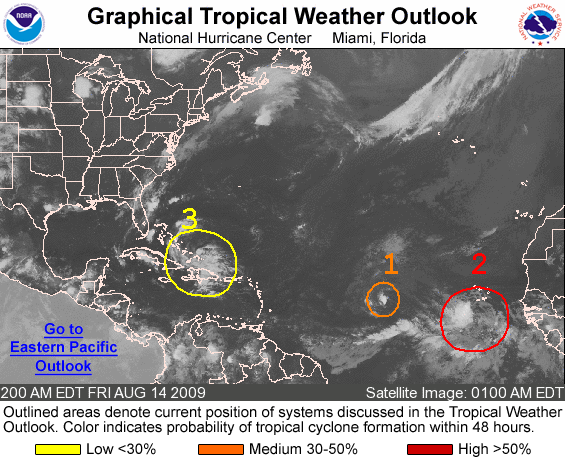
FOR THE NORTH ATLANTIC...CARIBBEAN SEA AND THE GULF OF MEXICO...

1. SHOWER AND THUNDERSTORM ACTIVITY HAS RECENTLY INCREASED IN ASSOCIATION WITH THE REMNANT LOW OF FORMER TROPICAL DEPRESSION TWO...WHICH IS CURRENTLY LOCATED ABOUT 1375 MILES EAST OF THE LESSER ANTILLES. WHILE UPPER-LEVEL CONDITIONS ARE ONLY MARGINALLY FAVORABLE FOR DEVELOPMENT...SLOW REGENERATION OF THIS SYSTEM INTO A TROPICAL CYCLONE IS POSSIBLE AS IT MOVES WESTWARD AT ABOUT 10 MPH OVER THE NEXT COUPLE OF DAYS. THERE IS A MEDIUM CHANCE...30 TO 50 PERCENT...OF THIS SYSTEM BECOMING A TROPICAL CYCLONE DURING THE NEXT 48 HOURS.

2. SHOWER AND THUNDERSTORM ACTIVITY HAS INCREASED OVER THE PAST FEW HOURS IN ASSOCIATION WITH A BROAD AREA OF LOW PRESSURE CENTERED ABOUT 175 MILES SOUTH-SOUTHWEST OF THE SOUTHERN CAPE VERDE ISLANDS. CONDITIONS APPEAR FAVORABLE FOR FURTHER DEVELOPMENT OF THIS SYSTEM...AND A TROPICAL DEPRESSION COULD FORM DURING THE NEXT DAY OR TWO AS IT MOVES WESTWARD AT 10 TO 15 MPH. THERE IS A HIGH CHANCE...GREATER THAN 50 PERCENT...OF THIS SYSTEM BECOMING A TROPICAL CYCLONE DURING THE NEXT 48 HOURS.

3. A TROPICAL WAVE INTERACTING WITH AN UPPER-LEVEL LOW IS PRODUCING A LARGE AREA OF CLOUDINESS AND SHOWERS OVER HISPANIOLA...THE TURKS AND CAICOS ISLANDS...AND THE SOUTHEASTERN BAHAMAS. THIS ACTIVITY IS EXPECTED TO SPREAD SLOWLY WEST OR WEST-NORTHWESTWARD DURING THE NEXT COUPLE OF DAYS. UPPER-LEVEL WINDS ARE NOT FAVORABLE FOR SIGNIFICANT DEVELOPMENT OF THIS SYSTEM. THERE IS A LOW CHANCE... LESS THAN 30 PERCENT...OF THIS SYSTEM BECOMING A TROPICAL CYCLONE DURING THE NEXT 48 HOURS.

ELSEWHERE...TROPICAL CYCLONE FORMATION IS NOT EXPECTED DURING THE NEXT 48 HOURS.

FORECASTER BRENNAN